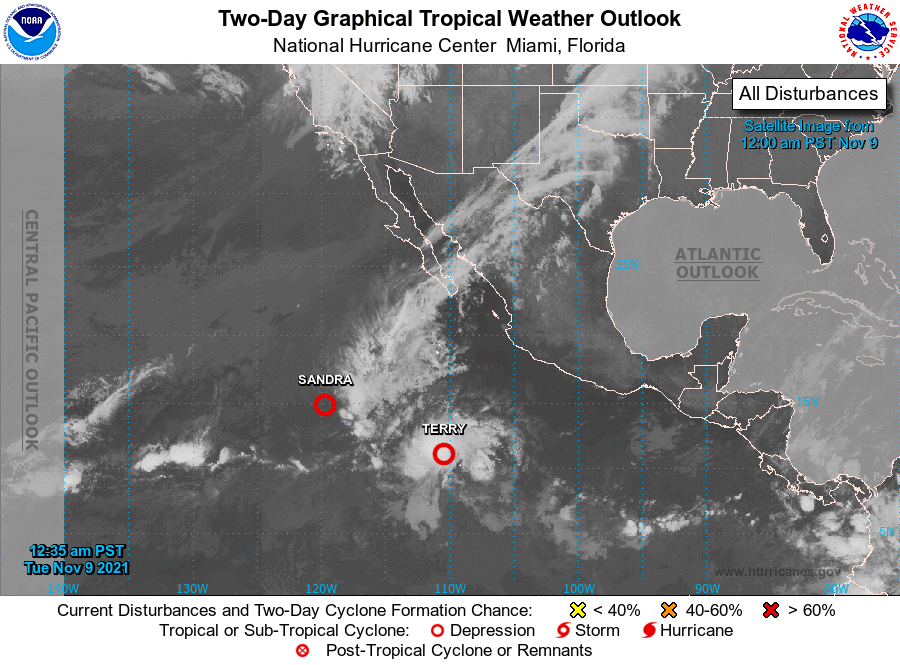
For the eastern North Pacific...east of 140 degrees west longitude:

The National Hurricane Center is issuing advisories on Tropical Depression Terry, located several hundred miles south of the southern tip of the Baja California Peninsula, and on Tropical Depression Sandra, located several hundred miles southwest of the southern tip of the Baja California Peninsula.

Tropical cyclone formation is not expected during the next 5 days.

Forecaster Stewart